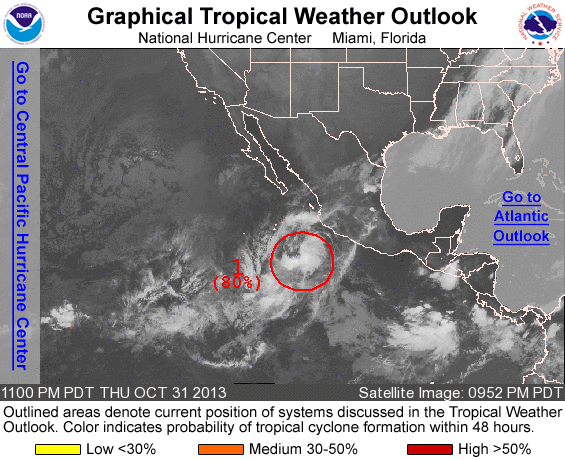
FOR THE EASTERN NORTH PACIFIC...EAST OF 140 DEGREES WEST LONGITUDE..

1. SHOWER AND THUNDERSTORM ACTIVITY IS GRADUALLY BECOMING BETTER ORGANIZED IN ASSOCIATION WITH A LOW PRESSURE SYSTEM LOCATED ABOUT 350 MILES SOUTHWEST OF MANZANILLO MEXICO. ENVIRONMENTAL CONDITIONS APPEAR CONDUCIVE FOR DEVELOPMENT...AND THIS LOW COULD BECOME A TROPICAL DEPRESSION ON FRIDAY WHILE IT MOVES SLOWLY NORTHWESTWARD. THIS SYSTEM HAS A HIGH CHANCE...80 PERCENT...OF BECOMING A TROPICAL CYCLONE DURING THE NEXT 48 HOURS...AND A HIGH CHANCE...90 PERCENT...OF BECOMING A TROPICAL CYCLONE DURING THE NEXT 5 DAYS.

FIVE-DAY FORMATION PROBABILITIES ARE EXPERIMENTAL IN 2013. COMMENTS ON THE EXPERIMENTAL FORECASTS CAN BE PROVIDED AT...

HTTP://WWW.NWS.NOAA.GOV/SURVEY/NWS-SURVEY.PHP?CODE=ETWO

FORECASTER PASCH